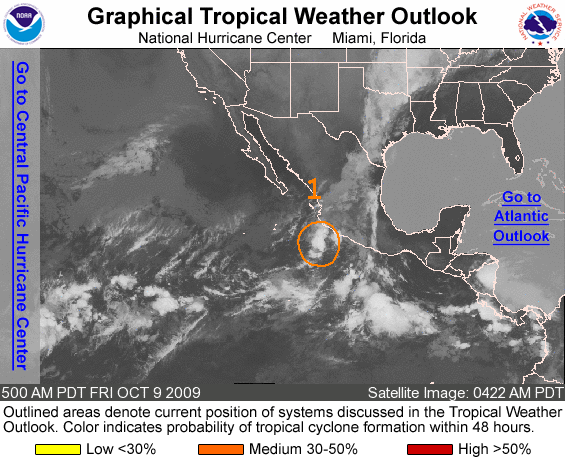
FOR THE EASTERN NORTH PACIFIC...EAST OF 140 DEGREES WEST LONGITUDE..

1. A BROAD LOW PRESSURE AREA LOCATED A COUPLE HUNDRED MILES SOUTH-SOUTHWEST OF MANZANILLO MEXICO IS PRODUCING DISORGANIZING SHOWERS AND THUNDERSTORMS. ENVIRONMENTAL CONDITIONS APPEAR FAVORABLE FOR SOME DEVELOPMENT AS THE SYSTEM MOVES SLOWLY NORTHWESTWARD. THERE IS A MEDIUM CHANCE...30 TO 50 PERCENT...OF THIS SYSTEM BECOMING A TROPICAL CYCLONE DURING THE NEXT 48 HOURS.

ELSEWHERE...TROPICAL CYCLONE FORMATION IS NOT EXPECTED DURING THE NEXT 48 HOURS.

FORECASTER BLAKE